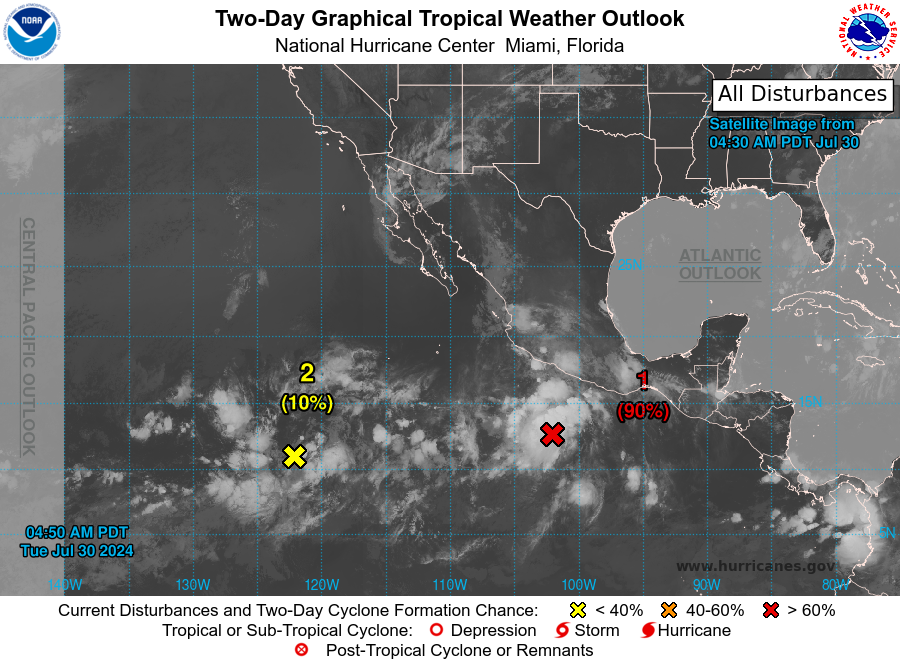
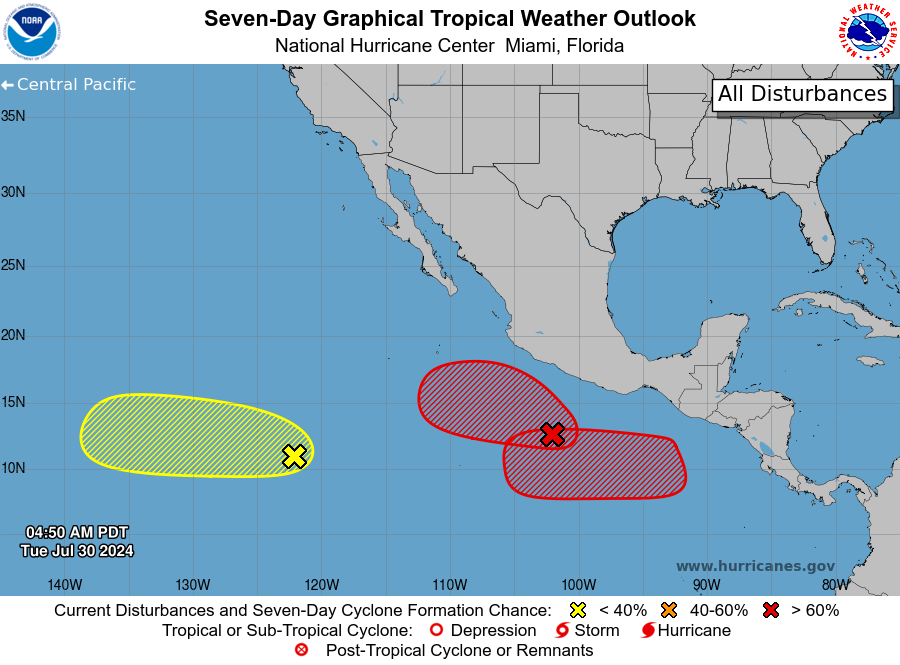
For the eastern North Pacific...east of 140 degrees west longitude:

1. South of Southern Mexico (EP94): Shower and thunderstorm activity has increased this morning with an area of low pressure located a few hundred miles south of the southern coast of Mexico. However, overnight satellite wind data indicated the system did not yet possess a well-defined center. Environmental conditions appear conducive for further development of this system, and a tropical depression is expected to form within the next couple of days. The system is forecast to move westward to west-northwestward at 10 to 15 mph during the next several days, remaining offshore of the southern coast of Mexico.
* Formation chance through 48 hours...high...90 percent.
* Formation chance through 7 days...high...90 percent.

2. Western East Pacific: A tropical wave located well to the southwest of the southern tip of the Baja California Peninsula continues to produce a broad area of disorganized showers and thunderstorms. Gradual development of this system is possible during the middle and latter parts of the week while it moves westward to west-northwestward at about 10 mph across the western portion of the basin.
* Formation chance through 48 hours...low...10 percent.
* Formation chance through 7 days...low...30 percent.

3. South of Central America and Southern Mexico: An area of low pressure is forecast to form offshore of the coast of Central America and southern Mexico later this week. Afterwards, environmental conditions appear conducive for gradual development of this system, and a tropical depression is likely to form towards the end of the week or this weekend. The system is forecast to move westward to west-northwestward at 10 to 15 mph during the next several days, remaining offshore.
* Formation chance through 48 hours...low...near 0 percent.
* Formation chance through 7 days...high...70 percent.

Forecaster Papin